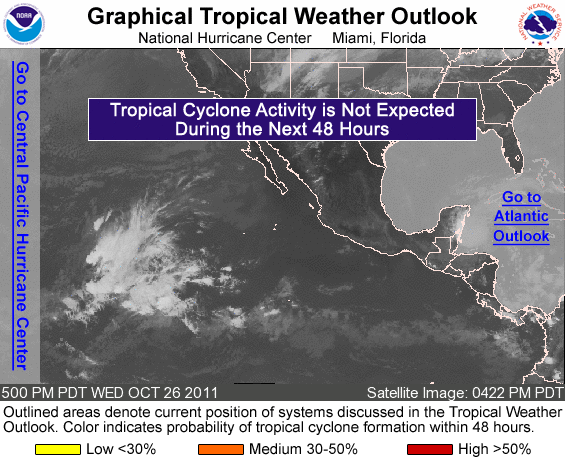
FOR THE EASTERN NORTH PACIFIC...EAST OF 140 DEGREES WEST LONGITUDE..

TROPICAL CYCLONE FORMATION IS NOT EXPECTED DURING THE NEXT 48 HOURS.

FORECASTER BERG